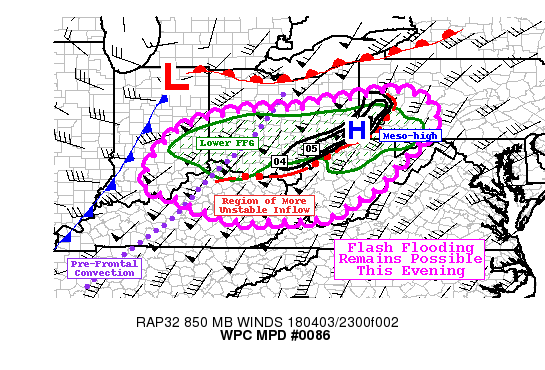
AREAS AFFECTED...SE IN...S OH...SW PA...NC/NE KY...WV...PNHDLE MD

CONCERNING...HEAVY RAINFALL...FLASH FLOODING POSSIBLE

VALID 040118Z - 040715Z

SUMMARY...FLASH FLOODING WILL REMAIN POSSIBLE ACROSS PORTIONS OF
THE MIDDLE AND UPPER OHIO RIVER VALLEY THIS EVENING AS SEVERAL
WAVES OF THUNDERSTORMS MOVE THROUGH THE REGION. DESPITE SOME
GRADUAL DECREASE IN THE RAIN RATES...LOCALIZED 6-HOUR RAIN TOTALS
MAY REACH 2-3 INCHES IN ISOLATED HEAVIER BANDS...WHICH COULD LEAD
TO FLOODING.

DISCUSSION...A WELL-DEFINED SURFACE LOW WAS SITUATED IN NORTHEAST
INDIANA AS OF 01Z...WITH A SYNOPTIC COLD FRONT STRETCHING TO THE
SSW/SW AND BEGINNING TO PROGRESS MORE QUICKLY TO THE EAST.
HOWEVER...THERE WAS ALSO A SIGNIFICANT AMOUNT OF CONVECTION
OCCURRING WELL OUT AHEAD OF THE FRONT. ONE ARCING CONVECTIVE LINE
HAS ACCELERATED AS FAR EAST AS SWRN PENNSYLVANIA AND THE OHIO-WEST
VIRGINIA BORDER. THIS HAD ESTABLISHED AN OUTFLOW BOUNDARY ALONG
THE SOUTHERN BORDER OF OHIO WITH AN ELONGATED MESO-HIGH JUST TO
THE NORTHWEST... INDICATIVE OF A BOUNDARY LAYER COLD POOL THAT WAS
ALTERING THE SURFACE WIND FIELD. BEHIND THAT...A PRE-FRONTAL BAND
OF CONVECTION STRETCHED FROM NEAR CLEVELAND OH... TO COLUMBUS
OH... TO LEXINGTON KY... TO BOWLING GREEN KY. THIS WAS SITUATED
JUST INSIDE THE EASTERN EDGE OF THE PLUME OF HIGHER LOW-MID LEVEL
MOISTURE AND INSTABILITY.

FLOODING IS LIKELY ONGOING ACROSS PORTIONS OF INDIANA AND OHIO
WHERE HEAVY RAIN HAS ALREADY OCCURRED EARLIER IN THE DAY. THE
FLASH FLOOD GUIDANCE IN THESE AREAS IS CONSIDERABLY LOWER...AND IT
WOULD NOT TAKE MUCH ADDITIONAL RAINFALL TO LEAD TO RENEWED
FLOODING OR EXACERBATE EXISTING FLOODING. HOWEVER...MODELS
GENERALLY SHOW DECREASING RAIN RATES IN THESE AREAS OVER THE NEXT
SIX HOURS...LIKELY DUE TO ITS INCREASINGLY LIMITED ACCESS TO THE
MORE UNSTABLE INFLOW NORTH OF THE OUTFLOW BOUNDARY.
ADDITIONALLY...THE CONVECTIVE LINES MAY BEGIN TO MOVE MORE QUICKLY
TO THE EAST AS THE COLD FRONT BEGINS TO ACCELERATE. THESE FACTORS
WOULD TEND TO LIMIT FLASH FLOOD POTENTIAL NORTH OF THE OHIO
RIVER...BUT GIVEN SATURATED SOIL CONDITIONS ANY HEAVIER RAINFALL
COULD LEAD TO ISOLATED FLASH FLOODING.

FURTHER TO THE SOUTH...RAIN RATES MAY BE HIGHER AND HI-RES MODELS
ARE STRUGGLING TO ADEQUATELY MODEL THE SITUATION. IN
GENERAL...THEY LIMIT THE PRE-FRONTAL CONVECTION FAR MORE THAN WHAT
IS CURRENTLY BEING OBSERVED ON RADAR. THE HIGHER MUCAPE VALUES
(500-1000 J/KG) WITH PRECIPITABLE WATER VALUES AROUND 1 INCH
SHOULD PROVIDE AN ENVIRONMENT CONDUCIVE FOR 1 IN/HR RAIN
RATES...AND THE EXISTING OUTFLOW BOUNDARY COULD PROVIDE MORE OF A
FOCUS FOR TRAINING RAIN BANDS THAN IS CURRENTLY SUGGESTED BY
HI-RES MODELS. THE LIMITING FACTORS IN THIS REGION (NC/NE KY INTO
S/C WV) WOULD BE HIGHER FLASH FLOOD GUIDANCE...AND THE CURRENT
POSITION OF PRE-FRONTAL CONVECTION RELATIVE TO THE INSTABILITY AND
MOISTURE AXIS. AS IT IS GENERALLY ON THE EASTERN EDGE...FASTER
FORWARD PROPAGATION COULD PUSH THE CONVECTION INTO A MORE
UNFAVORABLE ENVIRONMENT THAT COULD ACT TO REDUCE RAIN RATES. THE
PLUME OF HIGHER PWATS WILL EVENTUALLY SWEEP ACROSS THE ENTIRE
REGION WITH THE COLD FRONT...BUT IT REMAINS UNCERTAIN WHETHER OR
NOT CONVECTION WILL BE ONGOING WITH ACCESS TO MORE ROBUST
INSTABILITY WHEN THAT OCCURS. ALTOGETHER THIS SUGGESTS A THREAT
FOR ISOLATED FLASH FLOODING ACROSS THE ENTIRE OUTLINED REGION.